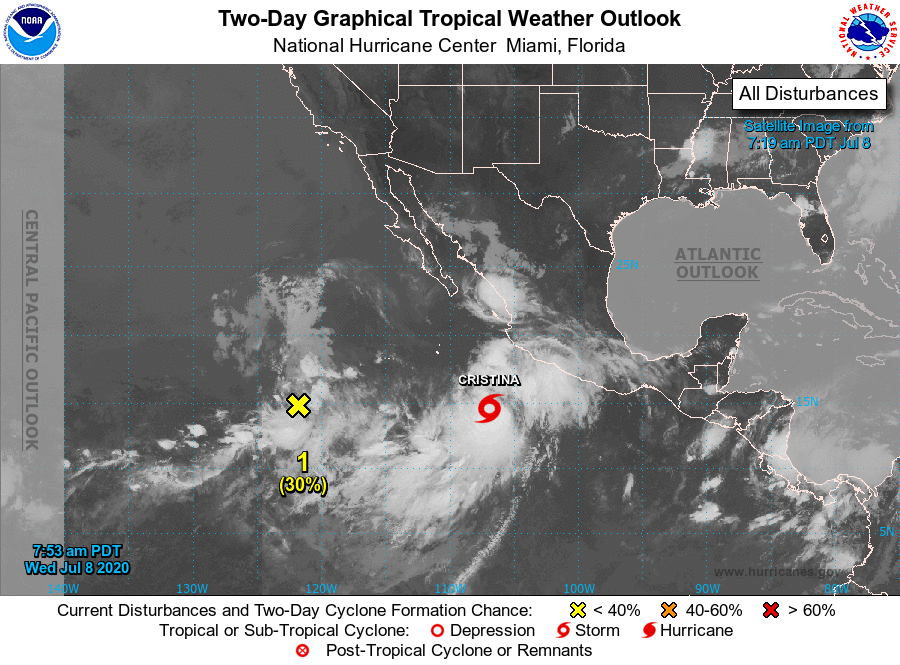
For the eastern North Pacific...east of 140 degrees west longitude:

The National Hurricane Center is issuing advisories on Tropical Storm Cristina, located a few hundred miles south-southwest of Manzanillo, Mexico.

1. An area of low pressure located about 1000 miles southwest of the southern tip of the Baja California peninsula continues to produce disorganized showers and thunderstorms. Some slow development of this system is possible during the next two or three days before environmental conditions become unfavorable. This system is expected to generally drift northward during the next few days.
* Formation chance through 48 hours...low...30 percent.
* Formation chance through 5 days...medium...40 percent.

2. An area of low pressure is forecast to form south of the Gulf of Tehuantepec late this week or this weekend. Environmental conditions are expected to be conducive for development, and a tropical depression could form early next week while the system moves westward well south of the coast of Mexico.
* Formation chance through 48 hours...low...near 0 percent.
* Formation chance through 5 days...medium...40 percent.

Forecaster Latto